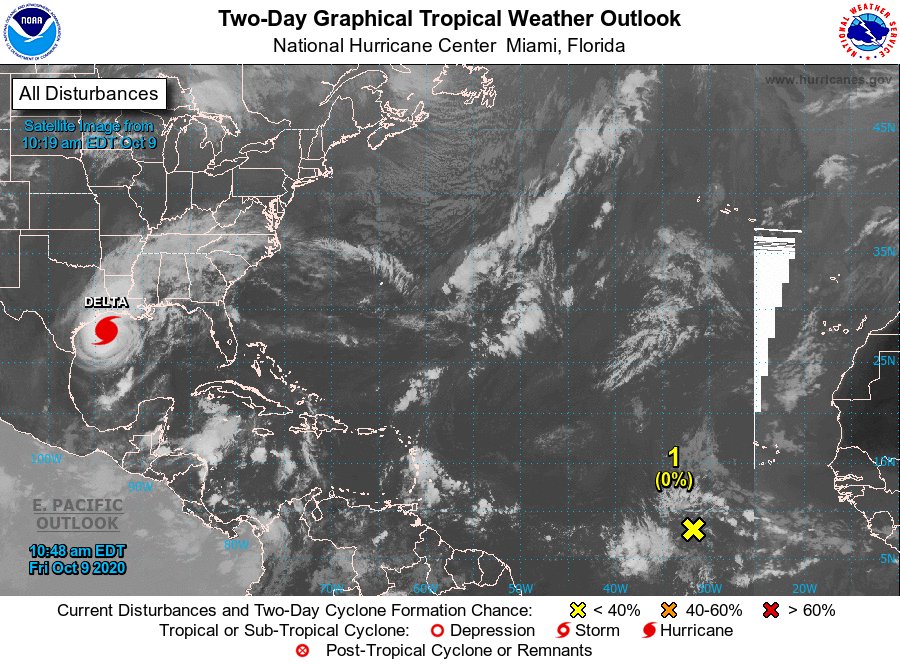
For the North Atlantic...Caribbean Sea and the Gulf of Mexico:

The National Hurricane Center is issuing advisories on Hurricane Delta, located over the northwestern Gulf of Mexico.

1. A tropical wave located several hundred miles southwest of the Cabo Verde Islands continues to produce disorganized showers and a few thunderstorms. The wave is expected to move generally westward or west-northwestward at about 15 mph. Environmental conditions could be conducive for some gradual development of the system this weekend or early next week while it is located over the tropical Atlantic, well east of the Lesser Antilles. Upper-level winds are forecast to become unfavorable for further development by the middle of next week.
* Formation chance through 48 hours...low...near 0 percent.
* Formation chance through 5 days...low...20 percent.

Forecaster Latto